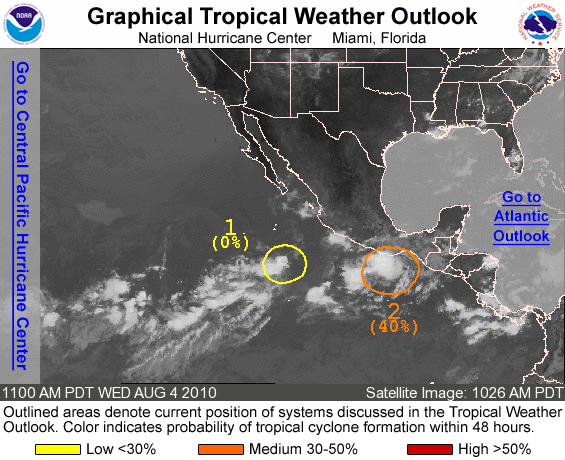
FOR THE EASTERN NORTH PACIFIC...EAST OF 140 DEGREES WEST LONGITUDE..

1. A BROAD AREA OF LOW PRESSURE LOCATED ABOUT 600 MILES SOUTH OF THE SOUTHERN TIP OF BAJA CALIFORNIA IS PRODUCING LIMITED SHOWER ACTIVITY. THIS SYSTEM IS MOVING NORTHWESTWARD AT 10 MPH OVER COOLER WATER...AND UPPER-LEVEL WINDS ARE EXPECTED TO REMAIN UNFAVORABLE FOR DEVELOPMENT. THERE IS A LOW CHANCE...NEAR 0 PERCENT... OF THIS SYSTEM BECOMING A TROPICAL CYCLONE DURING THE NEXT 48 HOURS.

2. A WESTWARD-MOVING LOW PRESSURE SYSTEM OVER THE GULF OF TEHUANTEPEC IS SHOWING SIGNS OF IMPROVED ORGANIZATION. ENVIRONMENTAL CONDITIONS ARE CONDUCIVE FOR ADDITIONAL DEVELOPMENT TO OCCUR AND THERE IS A MEDIUM CHANCE...40 PERCENT...OF THIS SYSTEM BECOMING A TROPICAL CYCLONE DURING THE NEXT 48 HOURS.

ELSEWHERE...TROPICAL CYCLONE FORMATION IS NOT EXPECTED DURING THE NEXT 48 HOURS.

FORECASTER STEWART